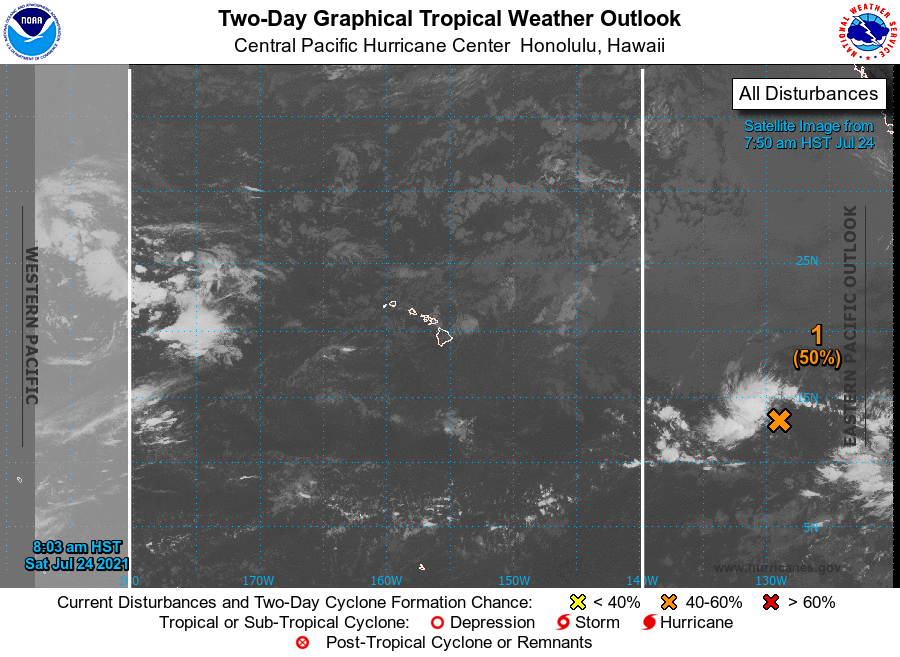
For the central North Pacific...between 140W and 180W:

1. A broad area of low pressure located about 1700 miles east-southeast of Hilo, Hawaii is producing a concentrated area of showers and thunderstorms. This activity has become a bit better organized, but the system currently lacks a well-defined low-level circulation. Environmental conditions are forecast to be conducive for further development, and this system could become a tropical depression later this weekend or early next week before reaching cooler waters while moving westward at 10 to 15 mph.
* Formation chance through 48 hours...medium...50 percent.
* Formation chance through 5 days...medium...60 percent.

Elsewhere, no tropical cyclones are expected during the next 5 days.

Forecaster TS